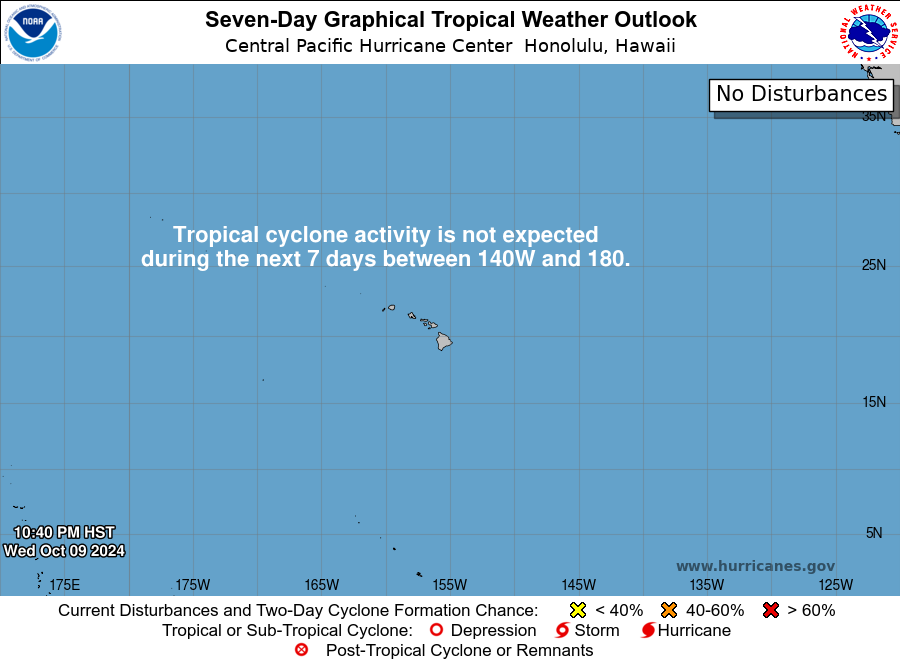
For the central North Pacific...between 140W and 180W:

No tropical cyclones are expected during the next 7 days.

Forecaster JT